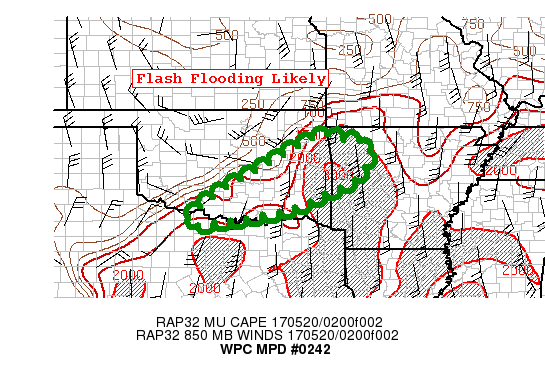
AREAS AFFECTED...OK

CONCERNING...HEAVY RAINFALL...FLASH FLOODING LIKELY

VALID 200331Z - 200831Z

SUMMARY...SIGNIFICANT FLASH FLOOD CONCERNS CONTINUE OVER PORTIONS
OF EASTERN OK...MOVING INTO WESTERN AR OVER THE NEXT SEVERAL HOURS.

DISCUSSION...AS OF 03Z CONTINUE TO HAVE A ROBUST LINE OF SOUTHWEST
TO NORTHEAST ORIENTED CONVECTION OVER EASTERN OK. THIS LINE IS
SLOWLY MOVING EAST WITH TIME. HOWEVER MEAN FLOW GENERALLY PARALLEL
TO THE ORIENTATION OF THE LINE AND STRONG SOUTHERLY LOW LEVEL FLOW
OPPOSING EASTWARD PROPAGATION...WILL CONTINUE TO RESULT IS
TRAINING OF CONVECTION. THE CONTINUATION OF STRONG SOUTHERLY
INFLOW WILL ALLOW FOR IMPRESSIVE MOISTURE TRANSPORT TO CONTINUE
INTO THE LINE...ALONG WITH THE CONTINUED TRANSPORT OF UNSTABLE AIR
FROM THE SOUTH. IN THE UPPER LEVELS THE FLOW WILL REMAIN STRONGLY
DIFFLUENT AS THE UPPER JET OVER THE CENTRAL PLAINS CONTINUES TO
STRENGTHEN. THUS CONDITIONS WILL REMAIN FAVORABLE FOR THIS
CONVECTIVE LINE TO MAINTAIN AND SLOWLY MOVE EAST OVER THE NEXT
SEVERAL HOURS.

HOURLY RAINFALL TOTALS OF 2"+ WILL REMAIN LIKELY WITH THIS LINE AS
IT SLOWLY MOVES EAST...WITH RAINFALL TOTALS OF 3-5"+ PROBABLE IN
SPOTS. RECENT RADAR AND IR TRENDS SHOW A RECENT EXPANSION IN
CONVECTION NEAR THE RED RIVER. THIS CONVECTION WILL ALSO STREAM
NORTHEAST ALONG THE CONVECTIVE LINE...ENHANCING FLOODING CONCERNS
OVER SOUTH CENTRAL OK. OUT OF ALL THE HIGH RES GUIDANCE...THE 22Z
EXPERIMENTAL HRRR SEEMS TO BE DOING OKAY WITH HANDLING THIS
ACTIVITY OVER THE NEXT SEVERAL HOURS. FLASH FLOODING IS ONGOING
OVER SOME OF THE MPD AREA...WITH ADDITIONAL FLASH FLOODING LIKELY
AS WELL. POCKETS OF SIGNIFICANT FLASH FLOODING ARE ALSO EXPECTED.